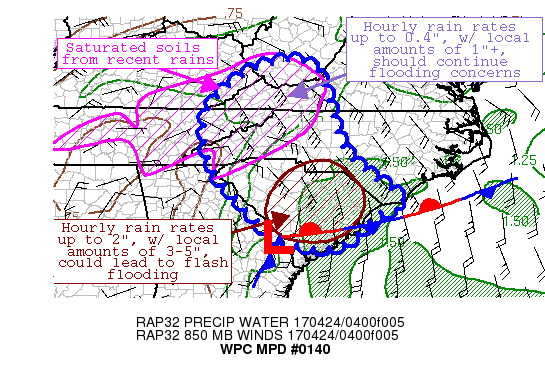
AREAS AFFECTED...CAROLINAS, SOUTHWEST VIRGINIAS, & EASTERN TN

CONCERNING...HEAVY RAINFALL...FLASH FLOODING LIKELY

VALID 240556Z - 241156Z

SUMMARY...A SLOWLY DEEPENING CYCLONE SHOULD LEAD TO HOURLY RAIN
RATES TO 2", WITH LOCAL AMOUNTS OF 3-5", ACROSS PORTIONS OF SC.
TO THE NORTH, WHERE SOILS ARE SATURATED, CONTINUED MODERATE TO
HEAVY RAIN COULD EXACERBATE FLASH FLOOD/FLOOD ISSUES.

DISCUSSION...A SLOWLY DEEPENING FRONTAL WAVE IS BEING SUPPORTED BY
AN UPPER TROUGH WHICH HAS ACQUIRED A ZERO TILT AS OF LATE ON WATER
VAPOR IMAGERY.  DIRECTIONAL DIVERGENCE CONTINUES TO INCREASE AHEAD
OF THE UPPER TROUGH.  THE MAIN CONVECTIVE LINE IS ELEVATED OVER A
STATIONARY FRONT ACROSS SC AND HAS SHOWN SOME SLOWING AS OF LATE,
AND CELLS ARE BEGINNING TO MERGE IN FROM THE SOUTHEAST WITH NEW
DEVELOPMENT BEGINNING TO TAKE PLACE NEAR THE GA/SC BORDER CLOSE TO
THE SURFACE WAVE.  THE LINE IS ALSO ACQUIRING A LEWP/QLCS
STRUCTURE. IN THE NORTHERN PART OF THE AREA, SATURATED SOILS ARE
INCAPABLE OF ABSORBING RAINS OF MODERATE TO HEAVY INTENSITY --
MUDSLIDES HAVE BEEN REPORTED IN SOUTHWEST VA.   FAIRLY BROAD 25-35
KTS OF 850 HPA INFLOW, CLOSE TO THE MAGNITUDE OF THE 850-400 HPA
MEAN WIND.  MUCAPES OF 500-2000 J/KG LIE NEAR THE GA AND SC
COASTS.  BULK SHEAR OF AROUND 30 KTS HAS LED TO OCCASIONAL SPIN TO
THUNDERSTORMS ALONG THE CONVECTIVE LINE, AND HELP MAINTAIN THE
LINE'S ORGANIZATION.  PRECIPITABLE WATER VALUES OF ~1.5" LIE
ACROSS THE REGION PER GPS VALUES.

THE BACK EDGE OF THE RAIN SHIELD HAS SHOWN SOME RETROGRESSION
ACROSS THE WESTERNMOST CAROLINAS, WESTERN VA, AND EASTERN TN,
WHICH SHOULD CONTINUE AS THE UPPER TROUGH BECOMES NEGATIVELY
TILTED, ITS CYCLONIC CENTER SLIPS SOUTHEAST, AND ORTHOGONAL
UPSLOPE FLOW INCREASES WITH TIME.  WHILE THE CONVECTIVE LINE COULD
CONTINUE MOVING EAST AT ~12 KTS, MORE ACTIVITY IS EXPECTED TO BACK
FILL TO THE WEST ACROSS CENTRAL AND PERHAPS WESTERN SC WHICH HAS
BEEN OCCURRING ACROSS SOUTHERN SC AS OF LATE.  OF CONCERN IS AN
INCREASING MOISTURE/TROPICAL CONNECTION TO A SHEARED CONVECTIVE
LOW NORTH OF GRAND BAHAMA ISLAND, WHICH SHOULD CAUSE PRECIPITABLE
WATER VALUES TO INCREASE TO ~1.75" BY 12Z.  THE OVERALL PATTERN IS
SIMILAR TO THAT OF EARLY OCTOBER 2015, THOUGH THE OVERALL SYSTEM
IS SHOWING GREATER MOVEMENT AND THE EXTRATROPICAL LOW IS STRONGER
THAN THE CONVECTIVE LOW THIS TIME AROUND WHICH SHOULD CAUSE
OVERALL TOTALS TO BE LESS EXTREME ACROSS THE CAROLINAS.  THE
AVAILABLE MOISTURE AND INSTABILITY SUPPORT HOURLY RAIN RATES TO
2", WITH LOCAL AMOUNTS OF 3-5" ADVERTISED BY THE MOST RECENT
MESOSCALE GUIDANCE IN SC THROUGH 12Z (GENERALLY SUPPORTED BY RULES
OF THUMB).  UP NORTH, HOURLY RAIN RATES UP TO 0.4", WITH LOCAL
AMOUNTS OF 1"+ WITHIN THE STRATIFORM RAIN SHIELD WOULD BE MORE
THAN A MATCH FOR THE SATURATED SOILS.  OVERALL, THE THREAT FOR
FLASH FLOODING IS INCREASING.